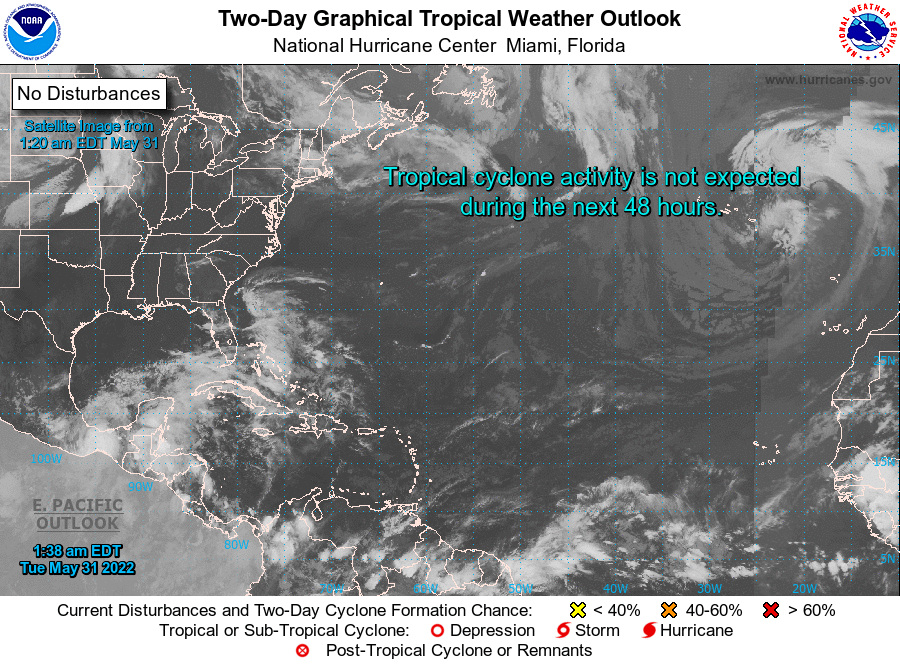
For the North Atlantic...Caribbean Sea and the Gulf of Mexico:

1. Near the Yucatan Peninsula and Southeastern Gulf of Mexico: A large and complex area of low pressure is expected to develop near the Yucatan Peninsula and the northwestern Caribbean Sea in a couple of days, partially related to the remnants of Tropical Storm Agatha from the eastern Pacific. Despite strong upper-level winds over the area, this system could become a tropical depression while it moves northeastward over the northwestern Caribbean Sea and southeastern Gulf of Mexico late this week. Regardless of development, locally heavy rainfall is likely across portions of southeastern Mexico, the Yucatan Peninsula, Guatemala, and Belize during the next few days, spreading across western Cuba, southern Florida, and the Florida Keys by the end of the week.
* Formation chance through 48 hours...low...near 0 percent.
* Formation chance through 5 days...medium...60 percent.

Forecaster Berg